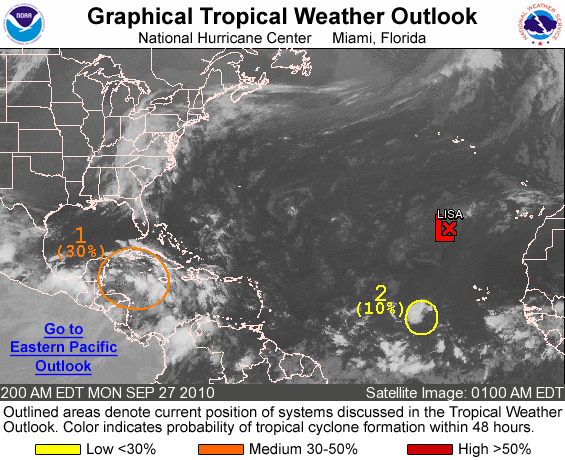
FOR THE NORTH ATLANTIC...CARIBBEAN SEA AND THE GULF OF MEXICO...

1. DISORGANIZED CLOUDINESS AND THUNDERSTORMS OVER THE NORTHWESTERN CARIBBEAN SEA ARE ASSOCIATED WITH A BROAD AREA OF LOW PRESSURE. ENVIRONMENTAL CONDITIONS APPEAR FAVORABLE FOR GRADUAL DEVELOPMENT OF THIS SYSTEM DURING THE NEXT COUPLE OF DAYS AS IT DRIFTS NORTHWARD. THERE IS A MEDIUM CHANCE...30 PERCENT...OF THIS SYSTEM BECOMING A TROPICAL CYCLONE DURING THE NEXT 48 HOURS.

2. A SMALL LOW PRESSURE SYSTEM LOCATED ABOUT 725 MILES WEST-SOUTHWEST OF THE CAPE VERDE ISLANDS IS PRODUCING DISORGANIZED SHOWERS AND THUNDERSTORMS. DEVELOPMENT...IF ANY...OF THIS SYSTEM IS EXPECTED TO BE SLOW TO OCCUR. THERE IS A LOW CHANCE...10 PERCENT...OF THIS SYSTEM BECOMING A TROPICAL CYCLONE DURING THE NEXT 48 HOURS.

ELSEWHERE...TROPICAL CYCLONE FORMATION IS NOT EXPECTED DURING THE NEXT 48 HOURS.

FORECASTER BROWN